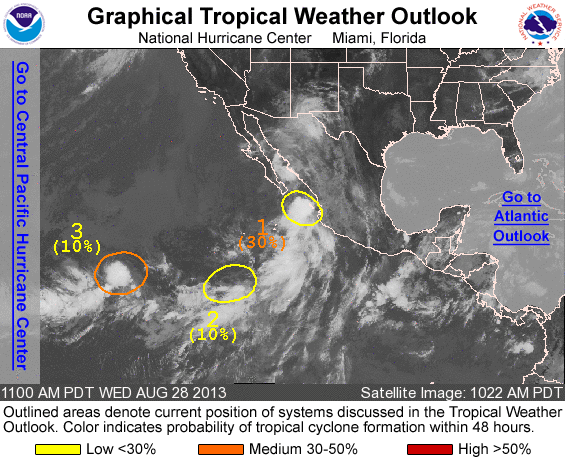
FOR THE EASTERN NORTH PACIFIC...EAST OF 140 DEGREES WEST LONGITUDE..

1. THE AREA OF DISTURBED WEATHER LOCATED ABOUT 175 MILES SOUTHEAST OF THE SOUTHERN TIP OF THE BAJA CALIFORNIA PENINSULA HAS BECOME LESS ORGANIZED TODAY AND DEVELOPMENT OF THIS SYSTEM IS BECOMING LESS LIKELY. THE DISTURBANCE IS FORECAST TO PASS NEAR OR OVER THE SOUTHERN BAJA CALIFORNIA PENINSULA LATER TODAY THROUGH THURSDAY AND DEVELOPMENT AFTER THAT TIME IS NOT EXPECTED. THIS DISTURBANCE HAS A MEDIUM CHANCE...30 PERCENT...OF BECOMING A TROPICAL CYCLONE DURING THE NEXT 48 HOURS...AND A MEDIUM CHANCE...30 PERCENT...OF BECOMING A TROPICAL CYCLONE DURING THE NEXT 5 DAYS. THIS DISTURBANCE IS EXPECTED TO BRING LOCALLY HEAVY RAINFALL AND GUSTY WINDS TO THE SOUTHERN BAJA CALIFORNIA PENINSULA AND ADJACENT WATERS DURING THE NEXT DAY OR SO.

2. A WEAK AREA OF LOW PRESSURE IS LOCATED ABOUT 775 MILES SOUTH-SOUTHWEST OF THE SOUTHERN TIP OF THE BAJA CALIFORNIA PENINSULA. DEVELOPMENT...IF ANY...OF THIS SYSTEM IS EXPECTED TO BE SLOW TO OCCUR DURING THE NEXT COUPLE OF DAYS WHILE IT MOVES NORTHEASTWARD AND NORTH-NORTHEASTWARD AT ABOUT 10 MPH. THIS SYSTEM HAS A LOW CHANCE...10 PERCENT...OF BECOMING A TROPICAL CYCLONE DURING THE NEXT 48 HOURS. THIS SYSTEM IS FORECAST TO REACH COOLER WATERS IN TWO TO THREE DAYS AND SIGNIFICANT DEVELOPMENT AFTER THAT TIME IS NOT EXPECTED. THIS SYSTEM HAS A LOW CHANCE...20 PERCENT...OF BECOMING A TROPICAL CYCLONE DURING THE NEXT 5 DAYS.

3. AN AREA OF DISORGANIZED SHOWERS AND THUNDERSTORMS LOCATED ABOUT 1500 MILES SOUTHWEST OF THE SOUTHERN TIP OF THE BAJA CALIFORNIA PENINSULA IS ASSOCIATED WITH A BROAD LOW PRESSURE AREA. CONDITIONS ARE MARGINALLY FAVORABLE FOR DEVELOPMENT OF THIS SYSTEM DURING THE NEXT FEW DAYS. THIS DISTURBANCE HAS A LOW CHANCE...10 PERCENT...OF BECOMING A TROPICAL CYCLONE DURING THE NEXT 48 HOURS...AND A LOW CHANCE...20 PERCENT...OF BECOMING A TROPICAL CYCLONE DURING THE NEXT 5 DAYS.

FIVE-DAY FORMATION PROBABILITIES ARE EXPERIMENTAL IN 2013. COMMENTS ON THE EXPERIMENTAL FORECASTS CAN BE PROVIDED AT...

HTTP://WWW.NWS.NOAA.GOV/SURVEY/NWS-SURVEY.PHP?CODE=ETWO

FORECASTER BROWN